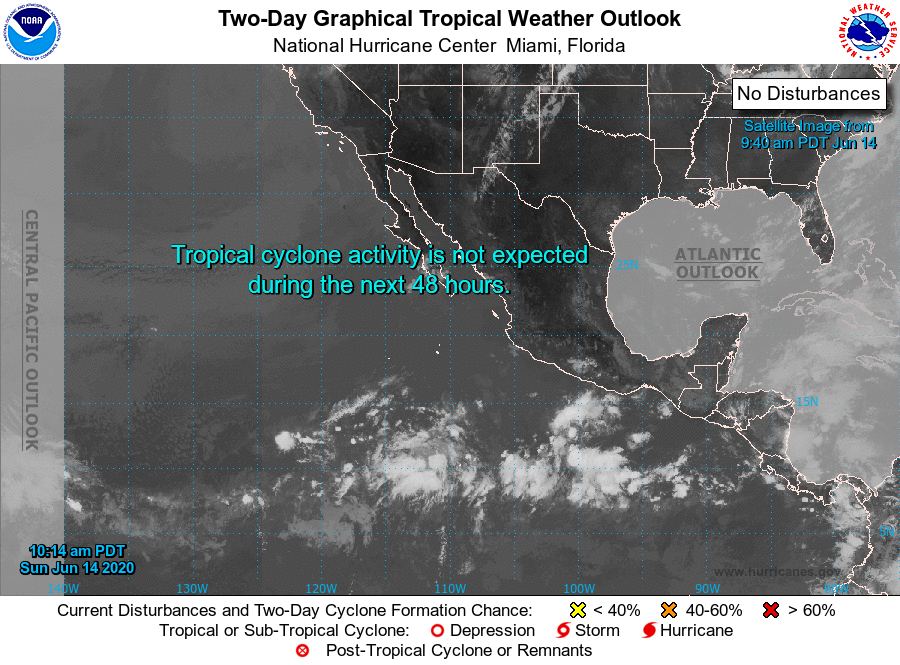
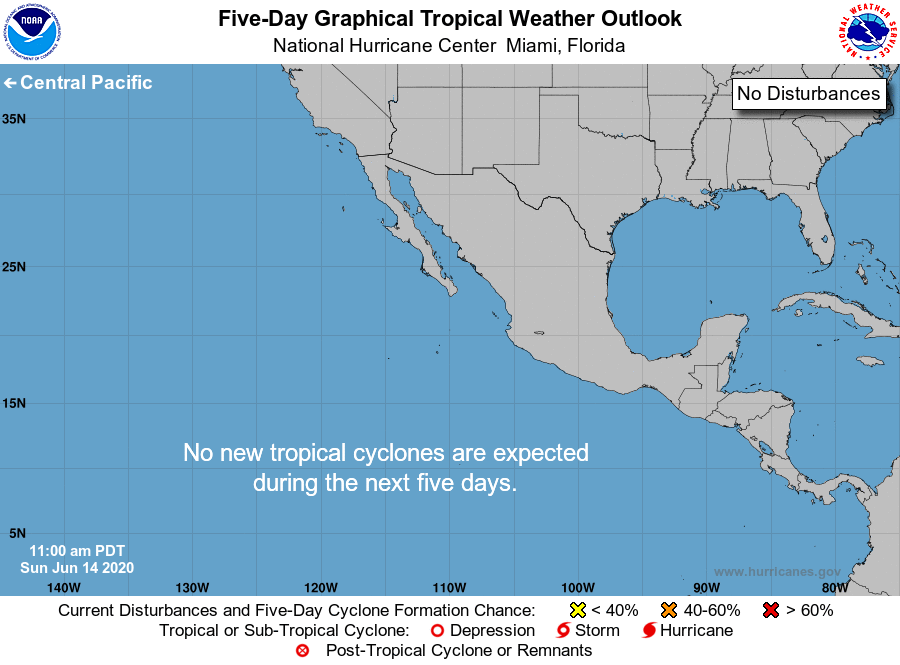
For the eastern North Pacific...east of 140 degrees west longitude:

Tropical cyclone formation is not expected during the next 5 days.

Forecaster Stewart